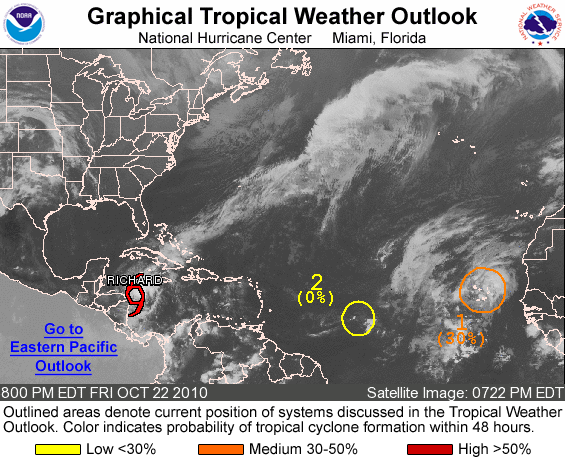
FOR THE NORTH ATLANTIC...CARIBBEAN SEA AND THE GULF OF MEXICO...

THE NATIONAL HURRICANE CENTER IS ISSUING ADVISORIES ON TROPICAL STORM RICHARD...LOCATED ABOUT 80 MILES NORTHEAST OF THE HONDURAS/NICARAGUA BORDER.

1. SHOWERS AND THUNDERSTORMS ASSOCIATED WITH A BROAD LOW PRESSURE SYSTEM PASSING THROUGH THE CAPE VERDE ISLANDS HAVE NOT CHANGED IN ORGANIZATION DURING THE LAST SEVERAL HOURS. UPPER-LEVEL WINDS ARE BECOMING LESS CONDUCIVE FOR THE DEVELOPMENT OF THIS DISTURBANCE. THERE IS A MEDIUM CHANCE...30 PERCENT...OF THIS SYSTEM BECOMING A TROPICAL CYCLONE DURING THE NEXT 48 HOURS. LOCALLY HEAVY RAINFALL AND STRONG GUSTY WINDS ARE POSSIBLE OVER THE CAPE VERDE ISLANDS INTO SATURDAY AS THE LOW MOVES TOWARD THE NORTH-NORTHWEST TO NORTH AT 15 MPH.

2. SHOWER ACTIVITY HAS GENERALLY DISSIPATED IN ASSOCIATION WITH A WEAKENING LOW PRESSURE SYSTEM LOCATED ABOUT 930 MILES EAST OF THE WINDWARD ISLANDS. STRONG UPPER-LEVEL WINDS ARE NOT CONDUCIVE FOR THE DEVELOPMENT OF THIS DISTURBANCE...AND THERE IS A LOW CHANCE... NEAR 0 PERCENT...OF THIS SYSTEM BECOMING A TROPICAL CYCLONE DURING THE NEXT 48 HOURS AS IT MOVES WESTWARD AT 5 TO 10 MPH.

ELSEWHERE...TROPICAL CYCLONE FORMATION IS NOT EXPECTED DURING THE NEXT 48 HOURS.

FORECASTER KIMBERLAIN